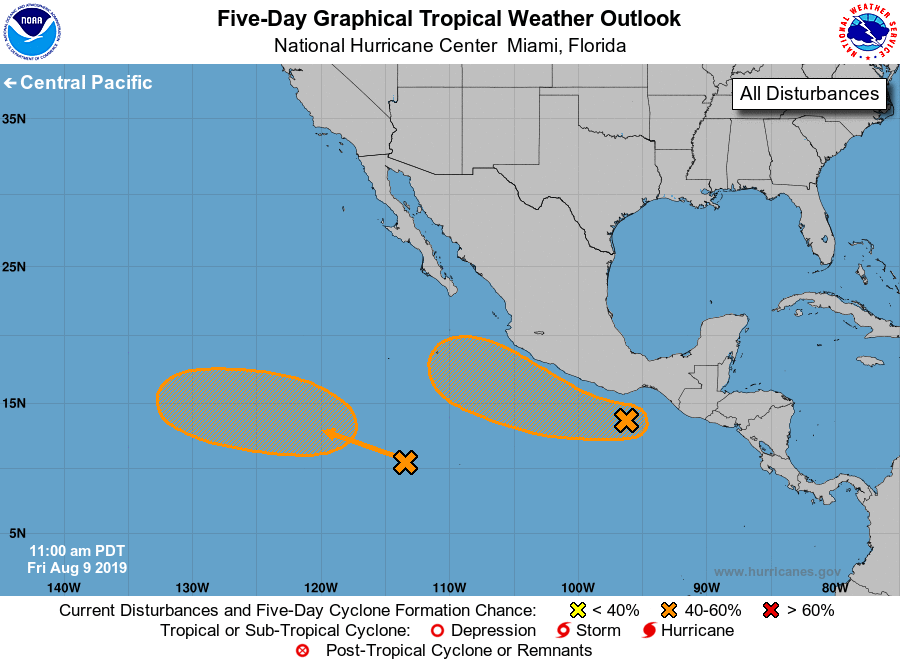
For the eastern North Pacific...east of 140 degrees west longitude:

1. Disorganized showers and thunderstorms near the southern coast of Mexico are associated with a broad area of low pressure. Environmental conditions are expected to be marginally conducive for some gradual development of this system through early next week while the system moves west-northwestward just off the southwestern coast of Mexico. After that time, conditions are forecast to become less favorable for tropical cyclone formation. Regardless of development, the disturbance could product locally heavy rainfall along portions of the southern and southwestern coast of Mexico during the next couple of days.
* Formation chance through 48 hours...low...20 percent.
* Formation chance through 5 days...medium...40 percent.

2. A tropical wave located about 900 miles south-southwest of the Baja California peninsula is producing an area of disorganized showers and thunderstorms. Environmental conditions are expected to gradually become more conducive for development through the middle of next week while the system moves westward or west-northwestward at 10 to 15 mph.
* Formation chance through 48 hours...low...near 0 percent.
* Formation chance through 5 days...medium...40 percent.

Forecaster Brown